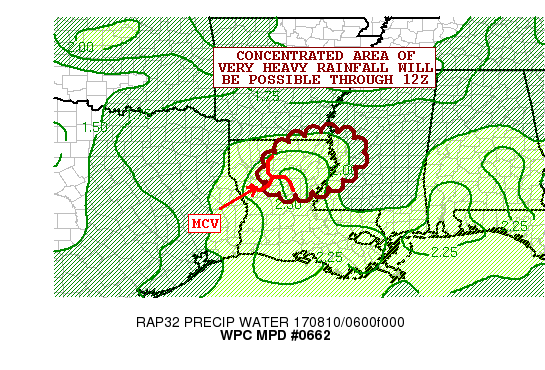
AREAS AFFECTED...CENTRAL/NORTHEAST LA...EXTREME SOUTHEAST
AR...WEST-CENTRAL MS

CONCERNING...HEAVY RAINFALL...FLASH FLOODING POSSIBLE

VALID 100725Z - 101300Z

SUMMARY...HEAVY SHOWERS AND THUNDERSTORMS DEVELOPING OVER
NORTHEAST LA MAY BECOME A BIT BETTER ORGANIZED OVER THE NEXT FEW
HOURS ALONG WITH VERY HEAVY RAINFALL RATES. SOME FLASH FLOODING
CANNOT BE RULED OUT.

DISCUSSION...A LONG-LIVED MCV IS CURRENTLY FEATURED OVER
NORTH-CENTRAL LA AND IS DRIFTING GRADUALLY OFF TO THE NORTHEAST.
OVER THE LAST COUPLE OF HOURS THERE HAS BEEN SOME CONVECTIVE
DEVELOPMENT NEAR AND EAST OF THE VORT CENTER...AND CLOUD TOPS
CONTINUE TO COOL OVER WINN AND GRANT COUNTIES AS SEEN IN THE
NON-OPERATIONAL GOES-16 10.3 MICRON/IR IMAGERY. THE ACTIVITY IS
ALSO EMBEDDED WITHIN A MODEST INSTABILITY GRADIENT AND APPEARS TO
BE GETTING SOME SUPPORT FROM A SLOWLY STRENGTHENING WARM AIR
ADVECTION PATTERN OVER THE LOWER MS VALLEY THAT THE VORT IS
EMBEDDED WITHIN.

THE CONVECTION IS FOCUSING WITHIN A DEEP TROPICAL AIRMASS...WITH
PWATS OF 2.3 TO 2.5 INCHES AS PER LATEST GPS-DERIVED DATA...AND
THUS SOME VERY HEAVY RAINFALL IS UNDOUBTEDLY OCCURRING WITH THESE
CONVECTIVE CELLS THAT ARE GRADUALLY EXPANDING IN COVERAGE.
DUAL-POL ESTIMATES OVER THE PAST HOUR HAVE BEEN APPROACHING 2.5
INCHES/HR OVER NORTHEAST GRANT COUNTY AND THIS SEEMS REASONABLE
GIVEN THE PWAT ENVIRONMENT.

THE RECENT HRRR GUIDANCE HAS BEEN TRENDING TOWARD A SOMEWHAT MORE
ORGANIZED AND CONCENTRATED AREA OF CONVECTION THIS MORNING GOING
THROUGH THE 12Z TIME FRAME OVER NORTHEAST LA AND POSSIBLY GETTING
INTO PARTS OF WEST-CENTRAL MS TOWARD MID-MORNING AS THE VORT
CENTER LIFTS FARTHER TO THE NORTHEAST WITHIN INCREASING DEEP LAYER
SOUTHWEST FLOW.

THE 06Z HRRR IS FORECASTING AS MUCH AS 3 TO 6+ INCHES OF RAIN
THROUGH 12Z ACROSS PORTIONS OF NORTHEAST LA. THIS WILL DRIVE AT
LEAST SOME CONCERN FOR RUNOFF PROBLEMS AND FLASH FLOODING AND
ESPECIALLY IF ANY OF THESE RAINS IMPACT WEST-CENTRAL MS. SOME
AREAS WITHIN THE MPD THREAT AREA HAVE HAD HEAVY RAINFALL OVER THE
LAST COUPLE OF DAYS...AND SO THE ANTECEDENT CONDITIONS ARE LOCALLY
QUITE WET WHICH WILL ENCOURAGE THESE RUNOFF CONCERNS. WILL
CONTINUE TO MONITOR.